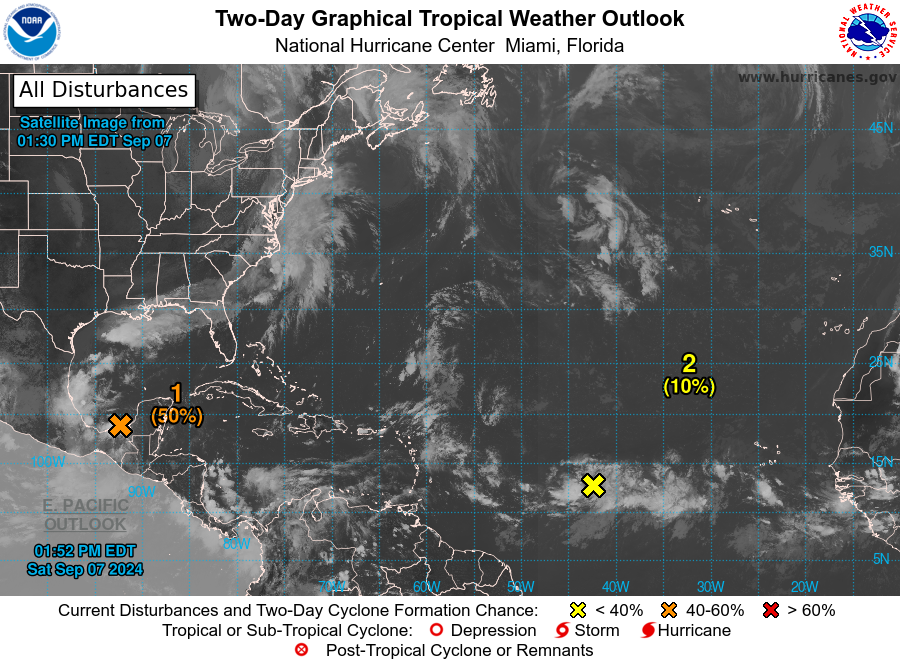
For the North Atlantic...Caribbean Sea and the Gulf of Mexico:

1. Western Gulf of Mexico (AL91): An area of low pressure has formed over the Bay of Campeche and is producing disorganized showers and thunderstorms. The system is forecast to drift slowly northward for a couple of days while it interacts with a frontal boundary. Environmental conditions are forecast to be conducive for development, and a tropical depression is likely to form during the early or middle part of next week while the system moves generally northward near or along the Mexican and Texas Gulf coastline. Interests along the western Gulf of Mexico coast should closely monitor the progress of this system.
* Formation chance through 48 hours...medium...50 percent.
* Formation chance through 7 days...high...70 percent.

2. Central Tropical Atlantic: An area of low pressure over the central tropical Atlantic is producing disorganized showers and thunderstorms. Gradual development of this system is possible while the system meanders during the next couple of days, and a tropical depression could form early next week. The system is then forecast to move west-northwestward at about 10 mph across the central tropical Atlantic during the middle to latter part of next week.
* Formation chance through 48 hours...low...10 percent.
* Formation chance through 7 days...medium...40 percent.

3. Eastern and Central Tropical Atlantic: Disorganized showers and thunderstorms associated with a trough of low pressure are located several hundred miles east-southeast of the Cabo Verde Islands. Some slow development of this system is possible as it interacts with a tropical wave expected to move off the African continent early next week and moves west-northwestward at 5 to 10 mph.
* Formation chance through 48 hours...low...near 0 percent.
* Formation chance through 7 days...low...20 percent.

Forecaster Bucci